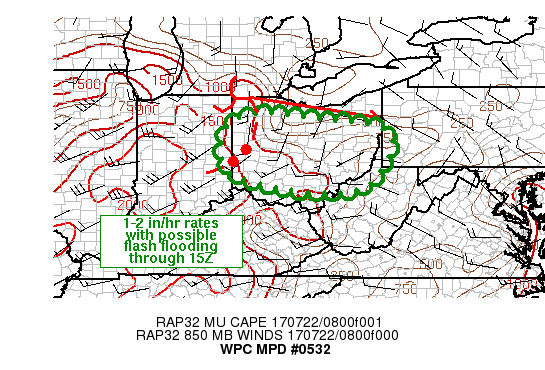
AREAS AFFECTED...OH INTO FAR NWRN WV/WRN PA

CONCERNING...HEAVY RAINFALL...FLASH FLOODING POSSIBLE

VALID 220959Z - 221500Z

SUMMARY...RAINFALL RATES OF 1-2 IN/HR WITH PERIODS OF TRAINING
WILL POSE A FLASH FLOOD THREAT FROM PORTIONS OF CNTRL OH INTO FAR
NWRN WV/WRN PA THROUGH 15Z. 2-4 INCHES OF RAIN WILL BE POSSIBLE
FOR A FEW LOCATIONS.

DISCUSSION...0915Z REGIONAL RADAR SHOWED A WELL DEFINED MCV NEAR
THE MI/IN/OH TRI-STATE BORDER WITH A FORWARD PROPAGATING LINE
SEGMENT CROSSING I-75 NORTH OF DAY. A FEW CELLS OUT AHEAD OF THE
NRN PORTION OF THIS LINE SEGMENT HAVE ALLOWED FOR TRAINING RAIN
FROM WEST TO EAST WITH KILN RADAR ESTIMATES OF 1.5 TO 2.0 IN/HR
OVER SWRN ALLEN COUNTY FROM 09Z. RAP ANALYSES INDICATE THAT THE
MCV IS ASSOCIATED WITH A SMALL CORRIDOR OF STRONGER 850-700 MB
FLOW...30-40 KT...WHICH IS LOCALLY AIDING MOISTURE TRANSPORT FROM
THE SOUTHWEST. WHILE MUCAPE IS ESTIMATED TO BE MINIMAL ACROSS
CNTRL AND ERN OH...NEAR OR BELOW 500 J/KG...MUCAPE HAS BEEN
STEADILY INCREASING AHEAD OF THE MCV ACCORDING TO THE LATEST SPC
MESOANALYSIS PAGE.

WHILE EXPERIMENTAL GOES 16 INFRARED CLOUD TOPS HAVE GENERALLY
WARMED OVER THE PAST COUPLE OF HOURS...A REGION OF PERSISTENT
COOLING REMAINS OVER WRN OH. IN ADDITION TO BRIEF TRAINING AHEAD
OF THE MAIN LINE...THERE IS THE POTENTIAL FOR THE
INTENSIFICATION/REDEVELOPMENT OF CONVECTION BEHIND THE LEADING
CONVECTIVE LINE GIVEN A HIGHER RESERVOIR OF INSTABILITY TO THE
WEST OVER IN...AND MODERATELY STRONG WLY FLOW OF 40-50 KT. POCKETS
OF FLASH FLOOD GUIDANCE BELOW 2 INCHES IN 3 HOURS ARE IN PLACE
OVER PORTIONS OF CNTRL OH INTO FAR NWRN WV WHICH MAY BE EXCEEDED
AND LEAD TO LOCAL RUNOFF PROBLEMS. THE LATEST RUNS OF THE HRRR
SUPPORT THIS THREAT...WHEN ACCOUNTING FOR SOME LATITUDE ISSUES
NOTED WITH THE HRRR RUNS.